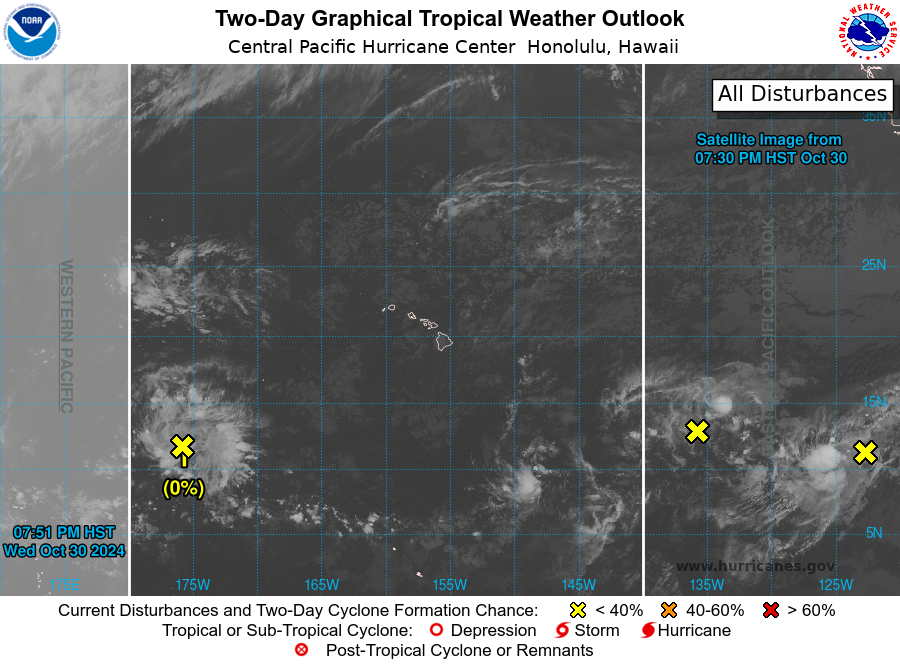
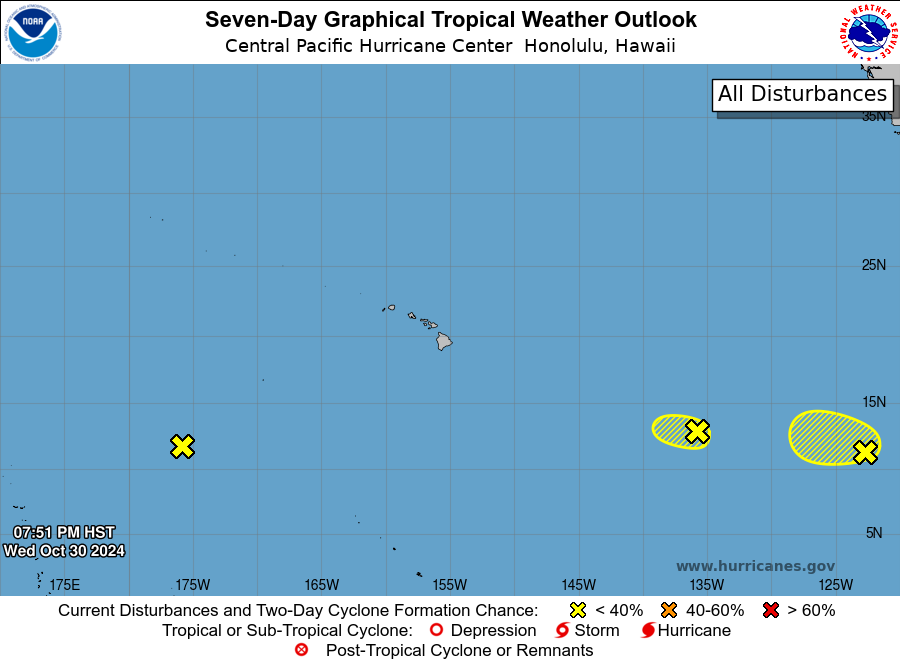
For the central North Pacific...between 140W and 180W:

1. About 1350 miles west-southwest of Honolulu, Hawaii: An area of low pressure is producing disorganized shower activity. Environmental conditions are not expected to be conducive for development during the next day or so as the system moves northwestward at around 15 mph. Development of this system is no longer expected in the Central Pacific Basin.
* Formation chance through 48 hours...low...near 0 percent.
* Formation chance through 7 days...low...near 0 percent.

Elsewhere, no tropical cyclones are expected during the next 7 days.

Forecaster Bohlin